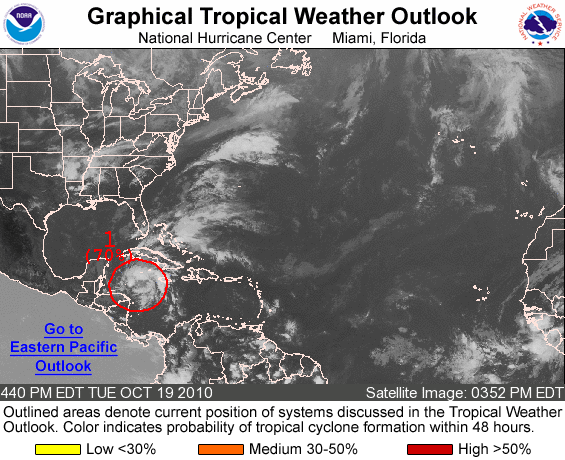
FOR THE NORTH ATLANTIC...CARIBBEAN SEA AND THE GULF OF MEXICO...

1. OBSERVATIONS FROM AN AIR FORCE RESERVE UNIT RECONNAISSANCE AIRCRAFT INVESTIGATING THE AREA OF LOW PRESSURE...ABOUT MIDWAY BETWEEN HONDURAS AND THE CAYMAN ISLANDS...INDICATE THAT A BROAD LOW-LEVEL CIRCULATION HAS FORMED. CONDITIONS APPEAR CONDUCIVE FOR SOME DEVELOPMENT...AND ANY INCREASE IN THE ORGANIZATION OF THE ASSOCIATED SHOWERS AND THUNDERSTORMS COULD LEAD TO THE FORMATION OF A TROPICAL DEPRESSION. INTERESTS IN THE NORTHWEST CARIBBEAN SEA SHOULD MONITOR THE PROGRESS OF THIS SYSTEM. THERE IS A HIGH CHANCE...70 PERCENT...OF THIS SYSTEM BECOMING A TROPICAL CYCLONE DURING THE NEXT 48 HOURS AS IT MOVES TOWARD THE NORTH AT 5 TO 10 MPH.

ELSEWHERE...TROPICAL CYCLONE FORMATION IS NOT EXPECTED DURING THE NEXT 48 HOURS.

FORECASTER PASCH